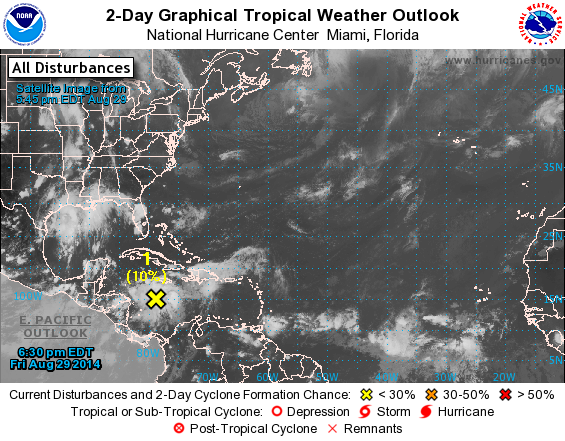
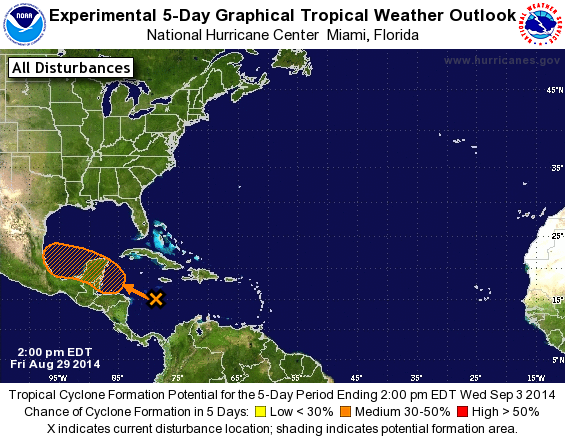
For the North Atlantic...Caribbean Sea and the Gulf of Mexico:

The National Hurricane Center has issued the last advisory on Cristobal, which has become a post-tropical cyclone a few hundred miles east of Cape Race, Newfoundland.

1. A large area of disorganized cloudiness and thunderstorms over the central Caribbean Sea is associated with a tropical wave. Upper-level winds are forecast to become a little more favorable for development on Saturday while the wave moves over the northwestern Caribbean Sea. The disturbance is forecast to move across the Yucatan peninsula on Sunday and into the southwestern Gulf of Mexico by Monday, where environmental conditions are expected to be conducive for some gradual development.
* Formation chance through 48 hours...low...near 10 percent.
* Formation chance through 5 days...medium...30 percent.

Forecaster Brown